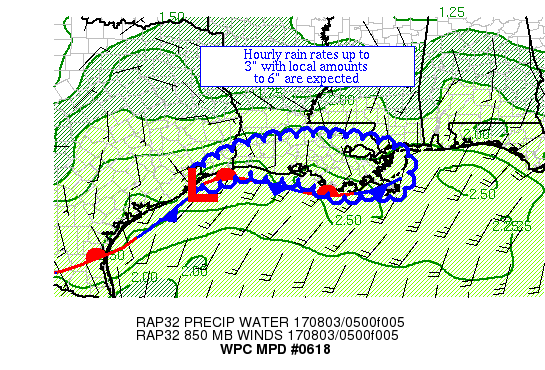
AREAS AFFECTED...UPPER TX & LA COASTAL REGION

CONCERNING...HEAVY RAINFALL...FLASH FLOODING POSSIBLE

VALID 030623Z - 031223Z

SUMMARY...THUNDERSTORMS ARE BEGINNING TO BUILD NEAR THE COASTLINE
IN THE VICINITY OF THE TX/LA BORDER.  HOURLY RAIN RATES TO 3",
WITH LOCAL AMOUNTS TO 6", ARE EXPECTED.

DISCUSSION...A SURFACE BOUNDARY IS NOTED IN THE THERMAL FIELD JUST
OFFSHORE THE REGION, WITH A WEAK WAVE SOUTH OF GALVESTON ISLAND.
ALOFT, A SHORTWAVE IS NOTED ON WATER VAPOR IMAGERY FROM WESTERN AR
WEST-SOUTHWEST INTO NORTHEAST TX WHICH IS AIDING DIVERGENCE ALOFT.
 PRECIPITABLE WATER VALUES OF 2.1-2.3" LIE ACROSS THE REGION PER
RECENT GPS DATA.  MU CAPE VALUES NEAR THE COAST AND JUST OFFSHORE
ARE IN THE 2000-3000 J/KG RANGE.  THE WINDS AT 850 HPA ARE
CYCLONIC OUT OF THE SOUTHEAST AT 15 KTS ON REGIONAL VAD WIND
PROFILES, NEAR THE MAGNITUDE OF THE 850-400 HPA MEAN WIND.

RAP GUIDANCE OVERNIGHT HAS BEEN INDICATING AN INCREASE IN THE 850
HPA WIND WITH TIME, THOUGH THE MAGNITUDE HAS BEEN SLOWLY LOWERING
OVER THE PAST SEVERAL RUNS, NOW ADVERTISED TO BE PEAK IN THE 20-25
KTS, JUST IN EXCESS OF THE MEAN 850-400 HPA WIND.  VEERING WINDS
WITH TIME IMPLY FORWARD PROPAGATION AND/OR EXTENSION TO THE EAST
WITH TIME, WHICH IS ALSO HINTED AT IN THE 18Z SSEO NEIGHBORHOOD
PROBABILITIES, WHICH INDICATE THE PEAK OF THE HEAVY RAINFALL
OCCURRING IN THE 07-11Z/2 AM-6 AM CDT TIME FRAME.  HOURLY RAIN
RATES UP TO 3" WITH LOCAL AMOUNTS TO 6" ARE EXPECTED THROUGH 12Z.